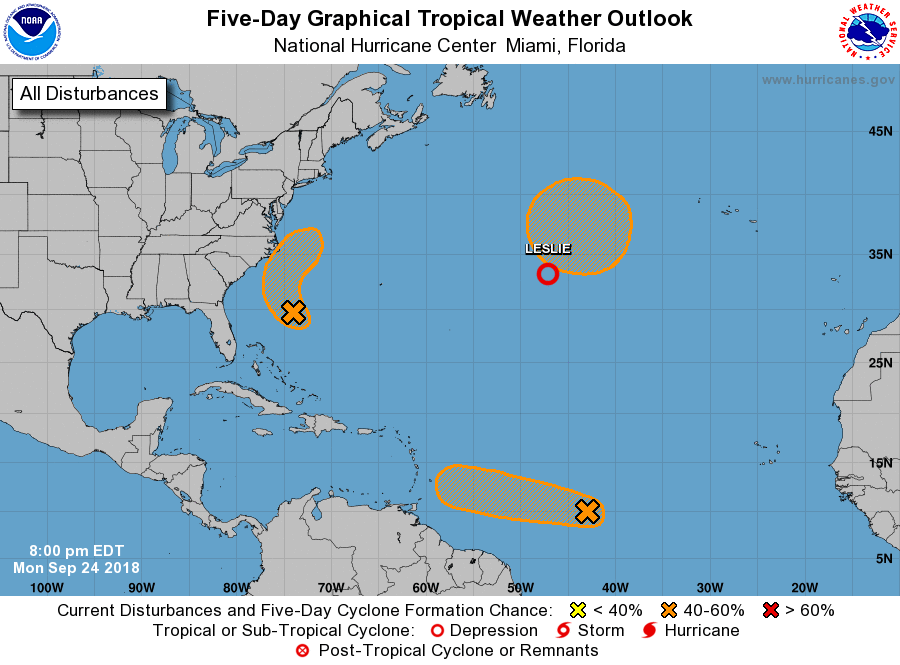
For the North Atlantic...Caribbean Sea and the Gulf of Mexico:

The National Hurricane Center is issuing advisories on Subtropical Storm Leslie, located about 1200 miles west of the Azores.

1. A broad area of low pressure located about 400 miles south- southeast of Cape Hatteras, North Carolina, continues to produce disorganized showers and thunderstorms. Environmental conditions are expected to become slightly more conducive for development, and a tropical depression could form tonight or Tuesday while the system moves west-northwestward to northwestward. By Tuesday night and Wednesday, upper-level winds are expected to increase and limit the chances for additional development while the system moves northward near the southeastern United States coast. Regardless of tropical cyclone formation, this system will likely enhance rainfall across portions of northeastern South Carolina and eastern North Carolina Tuesday and Tuesday night. In addition, dangerous surf conditions and rip currents are expected along portions of the North Carolina coast on Tuesday. For more information, please see products from your local National Weather Service office.
* Formation chance through 48 hours...medium...50 percent.
* Formation chance through 5 days...medium...50 percent.

2. A tropical wave, the remnants of Kirk, is located about 1300 miles east of the Windward Islands. This system continues to produce a large area of showers and thunderstorms, along with winds to gale force over the northern portion of the wave, while it moves quickly westward at around 25 mph. This system could redevelop into a tropical cyclone during the next few days before it encounters highly unfavorable upper-level winds while it approaches the Caribbean Sea. For more information on this system, see High Seas Forecasts issued by the National Weather Service.
* Formation chance through 48 hours...medium...50 percent.
* Formation chance through 5 days...medium...50 percent.

3. Subtropical Storm Leslie is expected to become post-tropical Tuesday night or Wednesday after it merges with a cold front over the central Atlantic. After that time, Leslie could reacquire some subtropical or tropical characteristics by the end of the week as it meanders over the central Atlantic.
* Formation chance through 48 hours...low...near 0 percent.
* Formation chance through 5 days...medium...50 percent.

High Seas Forecasts issued by the National Weather Service can be found under AWIPS header NFDHSFAT1, WMO header FZNT01 KWBC, and on the Web at https://ocean.weather.gov/shtml/NFDHSFAT1.shtml.

Forecaster Brennan